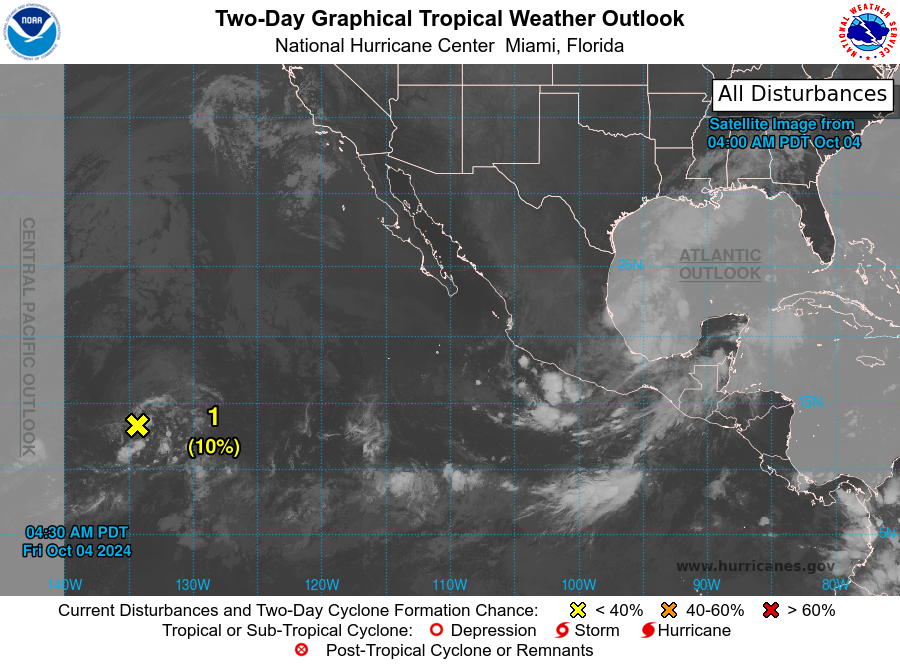
For the eastern North Pacific...east of 140 degrees west longitude:

1. Western Portion of the East Pacific (EP98): A low pressure system located well to the west-southwest of the southern tip of the Baja California peninsula continues to produce disorganized shower and thunderstorm activity. Some limited development is possible on Friday while the low moves slowly northward or north-northeastward, but atmospheric conditions should become less conducive and prevent further development by the weekend.
* Formation chance through 48 hours...low...10 percent.
* Formation chance through 7 days...low...10 percent.

2. Offshore of Southwestern Mexico: An area of low pressure could form off the coast of southwestern Mexico during the early part of next week. Environmental conditions appear conducive for additional development of this system, and a tropical depression could form during the middle part of next week while the system drifts slowly northwestward.
* Formation chance through 48 hours...low...near 0 percent.
* Formation chance through 7 days...medium...40 percent.

Forecaster Kelly